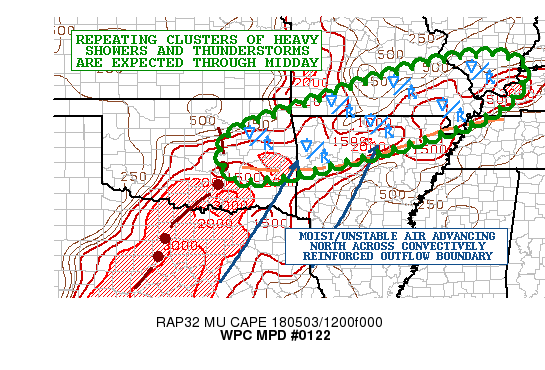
AREAS AFFECTED...EAST-CENTRAL OK...NORTHWEST AR...SOUTH-CENTRAL TO
SOUTHEAST MO...FAR SOUTHERN IL...FAR WESTERN KY

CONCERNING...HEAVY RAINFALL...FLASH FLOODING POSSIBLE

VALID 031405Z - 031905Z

SUMMARY...MULTIPLE ROUNDS OF SHOWERS AND THUNDERSTORMS OVER THE
NEXT SEVERAL HOURS WILL TEND TO ELEVATE THE THREAT OF SOME FLASH
FLOODING GIVEN INCREASINGLY SATURATED SOIL CONDITIONS.

DISCUSSION...AN UPPER TROUGH CONTINUES TO EJECT GRADUALLY EAST OUT
ACROSS THE CENTRAL/SOUTHERN PLAINS WHICH IS FOSTERING A HIGHLY
DIFFLUENT FLOW REGIME ALOFT ACROSS AREAS FROM THE RED RIVER VALLEY
EAST ACROSS ADJACENT AREAS OF THE LOWER AND MID MS VALLEY. SOME
VORT ENERGY ROUNDING THE BASE OF THE TROUGH IS PROVIDING A BIT
STRONGER FORCING ACROSS AREAS OF THE RED RIVER VALLEY AND THE
LATEST RADAR IMAGERY SHOWS A WELL-DEFINED QLCS IS MOVING EAST
ACROSS CENTRAL OK AND EXTENDING SOUTH DOWN ACROSS NORTH TX.

THE CONVECTION IS BEING SUSTAINED BY A MODERATELY UNSTABLE AIRMASS
CHARACTERIZED BY A NOSE OF 2000 TO 3000 J/KG OF MUCAPE.
MEANWHILE...THE COLUMN IS QUITE MOIST WITH PWATS OF 1.6 TO 1.8
INCHES AS PER GPS-DERIVED DATA WHICH IS FAVORING ENHANCED RAINFALL
RATES OF AS MUCH AS 1.5 INCHES/HR.

ELSEWHERE...CONVECTION IN A BROKEN FASHION CONTINUES TO DEVELOP
AND OCCASIONALLY REPEAT OVER THE SAME AREA ACROSS NORTHWEST
AR...SOUTHERN MO AND APPROACHING AREAS OF FAR SOUTHERN IL AND FAR
WESTERN KY. THIS ACTIVITY HAS BEEN FOCUSING NORTH OF A
CONVECTIVELY REINFORCED OUTFLOW BOUNDARY.

THE LATEST HRRR/HRRR-EXP GUIDANCE HAS THE BEST OVERALL HANDLE ON
THE CURRENT ACTIVITY...AND THESE MODELS SUPPORT LOCALLY AS MUCH AS
AN ADDITIONAL 2 TO 4 INCHES OF RAIN THROUGH MID-AFTERNOON. GIVEN
THE INCREASINGLY WET ANTECEDENT CONDITIONS AND REPEATING NATURE OF
THE CONVECTION...SOME RUNOFF AND/OR FLASH FLOODING CONCERNS MAY
RESULT.